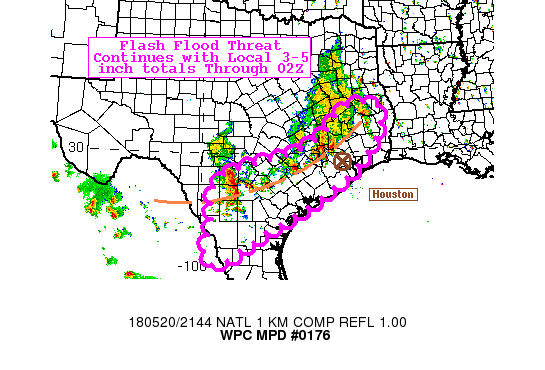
AREAS AFFECTED...CNTRL TO SERN TX

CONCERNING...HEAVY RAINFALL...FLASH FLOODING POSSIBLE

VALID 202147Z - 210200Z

SUMMARY...PERIODS OF TRAINING WILL CONTINUE ACROSS PORTIONS OF
CENTRAL TO SOUTHEASTERN TEXAS THROUGH 02Z WITH AN ADDITIONAL 3 TO
5 INCHES OF RAIN POSSIBLE ON A LOCALIZED BASIS. FLASH FLOODING
WILL BE POSSIBLE...ESPECIALLY ACROSS THE URBANIZED HOUSTON
METROPOLITAN AREA.

DISCUSSION...21Z SURFACE OBSERVATIONS PLACED A LONG-LIVED OUTFLOW
BOUNDARY FROM JUST NORTHWEST OF THE HOUSTON BELTWAY WESTWARD TO
JUST NORTH OF COTULLA. ON THE WEST SIDE OF THIS BOUNDARY WAS A
SMALL BOWING COMPLEX MOVING EAST-SOUTHEASTWARD AT ROUGHLY 25
KT...WHILE FARTHER EAST... SLOWER MOVING CELLS WITH EMBEDDED
TRAINING WAS OCCURRING. LOCAL OBSERVATIONS HAVE CONFIRMED KHGX
RADAR ESTIMATED RAINFALL RATES OF 2-3 IN/HR LOCATED BETWEEN
COLLEGE STATION AND HOUSTON. VAD WIND PLOTS FROM CRP AND HGX
SHOWED ~30 KT AT 850 MB FROM THE SOUTH...OVERRUNNING THE OUTFLOW
BOUNDARY AMID A STRONGLY DIFFLUENT FLOW PATTERN ALOFT...WITH THE
GREATEST UPPER LEVEL DIVERGENCE/DIFFLUENCE FOCUSED OVER
SOUTHEASTERN TEXAS.

CONTINUED SLOW BUT STEADY MOVEMENT OF THE OUTFLOW BOUNDARY INTO
HOUSTON IS EXPECTED WITH A SHORT TERM FLASH FLOOD THREAT
TRANSLATING SOUTHEASTWARD INTO HARRIS AND FORT BEND COUNTIES WITH
RAINFALL RATES AS HIGH AS 2-3 IN/HR.

FARTHER WEST...THE STEADY MOVEMENT OF THE AFOREMENTIONED SMALL
BOWING CLUSTER OF THUNDERSTORMS SHOULD CONTINUE OFF TO THE
EAST-SOUTHEAST...ALONG WITH THE OUTFLOW BOUNDARY...WITH THE
POSSIBILITY OF REPEATING ROUNDS OF HEAVY RAIN ASSOCIATED WITH SLOW
MOVING STORMS ALREADY IN PLACE ALONG THE BOUNDARY.

ONE LARGE MITIGATING FACTOR FOR FLASH FLOODING IS THE VERY HIGH
FLASH FLOOD GUIDANCE...4+ INCHES IN 3 HOURS...BUT A FEW LOCATIONS
MAY EXCEED THESE VALUES AND/OR SEE RUNOFF ISSUES DESPITE THE HIGH
FFG GIVEN THE INTENSE RAINFALL RATES BEING OBSERVED.